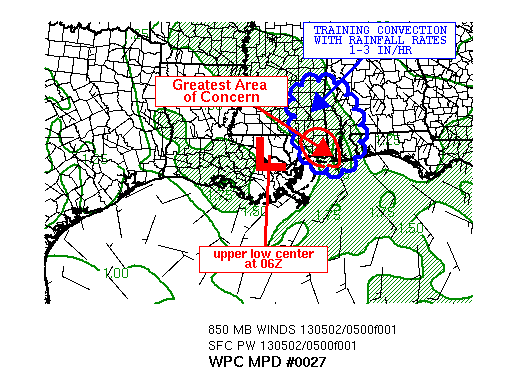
AREAS AFFECTED...SOUTHERN MS...SOUTHERN AL...EXTREME WESTERN FL
PANHANDLE

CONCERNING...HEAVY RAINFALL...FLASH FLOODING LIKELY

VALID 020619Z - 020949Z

SUMMARY...LITTLE CHANGE IN THE OVERALL ATMOSPHERIC SETUP APPEARS
FAVORABLE TO SUSTAIN LOCALLY VERY HEAVY RAINFALL RATES ACROSS THE
CENTRAL GULF COAST STATES OVER THE NEXT FEW HOURS...CONTINUING THE
FLASH FLOOD THREAT.

DISCUSSION...LATEST RADAR IMAGERY HAS SHOWN PERSISTENT 2+ IN/HR
RAINFALL RATES WITHIN A BAND OF TRAINING HEAVY RAINS LOCATED OVER
DAUPHIN ISLAND AND NORTHWARD TOWARD THE CITY OF MOBILE. THIS BAND
WAS OCCURRING WITHIN A NEARLY STATIONARY INFLUX OF HIGHER
MOISTURE...PWS NEAR 1.50 INCHES...ADVECTING NORTHWARD FROM THE
GULF OF MEXICO...AROUND A SLOW MOVING UPPER LOW LOCATED JUST WEST
OF LAKE PONTCHARTRAIN.

THIS GENERAL PATTERN IS EXPECTED TO REMAIN NEARLY THE SAME OVER
THE NEXT 6 HOURS WITH LITTLE MOVEMENT OF THE UPPER LOW AS FORECAST
BY SHORT TERM RAP...HRW NMM/ARW MODELS. RAINFALL REPORTS OF 5-10
INCHES ARE WIDESPREAD FROM MOBILE BAY...WESTWARD TO FAR SOUTHERN
MISSISSIPPI WHICH HAS LOWERED FLASH FLOOD GUIDANCE TO LESS THAN
0.25 IN/6 HR.

CONVECTION...WHICH HAS RECENTLY DEVELOPED ABOUT 150 MILES SOUTH OF
MOBILE BAY PER IR IMAGERY...MAY HAVE THE EFFECT OF DISRUPTING THE
INFLUX OF MOISTURE INTO THE REGION WHICH COULD LOWER RAINFALL
RATES OVER THE NEXT FEW HOURS. HOWEVER...GIVEN SATURATED
SOILS...AND THE QUASI-STATIONARY PLACEMENT/MAGNITUDE OF 850 MB
WINDS AND MOISTURE AXIS...THE HIGHLIGHTED REGION WILL CONTINUE TO
BE AN AREA OF CONCERN WITH REGARD TO FLASH FLOODING THROUGH 10Z.
WILL RE-ASSESS THE SITUATION IN A FEW HOURS FOR CHANGES.